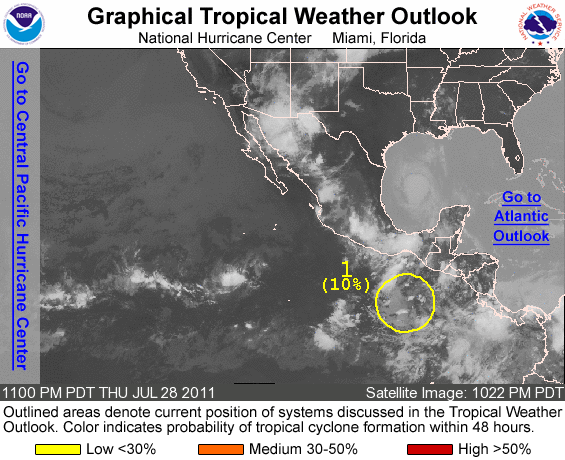
FOR THE EASTERN NORTH PACIFIC...EAST OF 140 DEGREES WEST LONGITUDE..

1. CLOUDINESS AND SHOWERS ASSOCIATED WITH A WESTWARD-MOVING AREA OF DISTURBED WEATHER LOCATED A FEW HUNDRED MILES SOUTH-SOUTHWEST OF GUATEMALA HAVE CONTINUED TO DIMINISH. UPPER-LEVEL WINDS ARE CURRENTLY NOT CONDUCIVE FOR DEVELOPMENT...BUT MAY BECOME MORE FAVORABLE IN A COUPLE OF DAYS. THIS DISTURBANCE HAS A LOW CHANCE...10 PERCENT...OF BECOMING A TROPICAL CYCLONE DURING THE NEXT 48 HOURS.

ELSEWHERE...TROPICAL CYCLONE FORMATION IS NOT EXPECTED DURING THE NEXT 48 HOURS.

FORECASTER STEWART